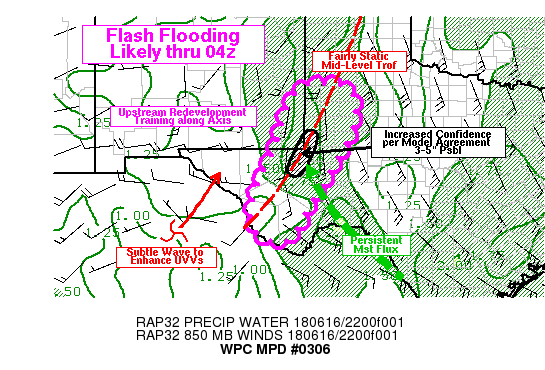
AREAS AFFECTED...WESTERN TX...SOUTHEAST NM...

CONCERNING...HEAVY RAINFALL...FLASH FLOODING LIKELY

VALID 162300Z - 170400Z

SUMMARY...PERSISTENT AXIS OF TRAINING CONVECTION LIKELY TO POSE
FLASH FLOODING RISK THROUGH EARLY OVERNIGHT HOURS WITH 3-5" TOTALS
POSSIBLE.

DISCUSSION...GOES-16 10.3UM IR CHANNEL CONTINUES TO SHOW A COOLING
LINE OF CONVECTION ACROSS THE PERMIAN BASIN CURRENTLY FOCUSED OVER
EXTREME SE NM INTO WINKLER COUNTY TX.  TOPS CYCLING TO -80C
SUGGEST CONTINUED VERY STRONG UPDRAFTS SUPPORTED BY SELY 20KT
INFLOW WITH MID-60S TDS AND MLCAPES NEAR 2000 J/KG.   THE INFLOW
IS ALSO SUPPORTED BY WESTERLY INFLOW THAT IS ATYPICALLY DEEP IN
MOISTURE FROM THE TRAILING REMNANTS OF T.C. BUD WITH TDS IN THE
60S AND EVEN 70S PER AT KATS.  ALOFT PROFILES REMAIN EQUALLY RICH
IN MOISTURE PER RAP SOUNDINGS WITH LITTLE DRY AIR REMAINING WITH
EXCEPTION ACROSS THE BIG BEND REGION INTO THE DAVIS MTNS THAT
FEEDS A WEAK BUT DIMINISHING EML TO THE ONGOING CONVECTION.  IN
FACT RECENT GOES-16 VISIBLE IMAGERY SHOWS NEW DEVELOPMENT FURTHER
SOUTH TOWARD THE DAVIS RANGE.  THIS IS RELATED TO MOISTENING EML
(WITH REMAINS OF T.C. BUD PACIFIC MOISTURE FINALLY FUNNELING
THROUGH THE MEXICAN PLATEAU...AS WELL AS UPPER LEVEL
DPVA/DIVERGENCE WITH THE APPROACH OF THE FAIRLY COMPACT SHORTWAVE
CROSSING NW MEXICO.

WITH THESE LARGER SCALE APPROACHING HEIGHT-FALLS LOW LEVEL INFLOW
FROM THE SOUTHEAST WILL CONTINUE TO BE MAINTAINED PERHAPS
STRENGTHEN A BIT WITH SOLID FLUX...WHILE THE PLACEMENT/ORIENTATION
OF THE MID-LEVEL 7H TROF BETWEEN THE EXITING OF BUD ACROSS CO/KS
ATTM AND THE APPROACH OF THE MEXICAN SHORTWAVE WILL KEEP THE TROF
AXIS FAIRLY STATIC WITH UPSTREAM REDEVELOPMENT SUPPORTING TRAINING
BUT ALSO HIGHLY EFFICIENT RAINFALL PRODUCTION.  AS SUCH HI-RES
CAMS ARE FAIRLY UNIFIED IN PRODUCING OVER 2-3" OF ADDITIONAL RAIN
FOCUSED ON WARD TO ANDREWS COUNTIES BUT RECENT HRRR RUNS ARE
SUGGESTIVE OF 3-5" TOTALS WHICH IS LOOKING INCREASINGLY MORE
LIKELY AS TIME PASSES.  THE LIMITING FACTOR IS THE VERY HIGH FFG
VALUES IN THE REGION AOA 4-5" IN 3-6HRS RESPECTFULLY.  CONVECTION
FURTHER SOUTH INTO THE DAVIS MTNS AND THE WESTERN BIG BEND IS
LIKELY TO BE LESS FOCUSED WITH REDUCED DURATION BUT STILL 1.5-2.5"
RAINFALL TOTALS WOULD BE CLOSE TO EXCEEDING THE LOWER FFG IN THIS
REGION AS WELL.  GIVEN RECENT TRENDS IN HI-RES CAMS CORRABORATED
BY OBSERVATIONS PER SATELLITE/RADAR ETC...FLASH FLOODING IS
CONSIDERED LIKELY.